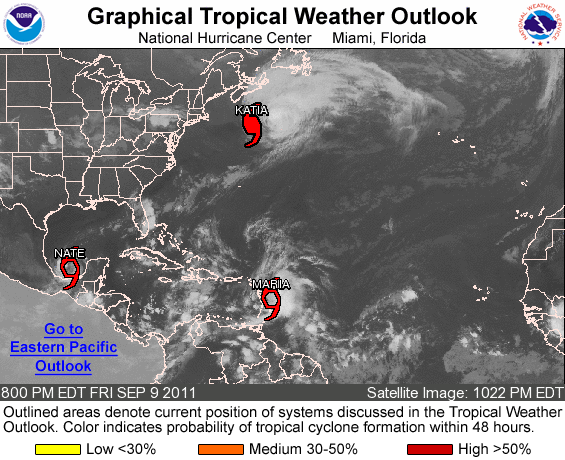
FOR THE NORTH ATLANTIC...CARIBBEAN SEA AND THE GULF OF MEXICO...

THE NATIONAL HURRICANE CENTER IS ISSUING ADVISORIES ON HURRICANE KATIA...LOCATED ABOUT 280 MILES SOUTH OF HALIFAX NOVA SCOTIA... TROPICAL STORM MARIA...LOCATED ABOUT 135 MILES NORTH OF BARBADOS... AND ON TROPICAL STORM NATE...LOCATED ABOUT 225 MILES EAST-NORTHEAST OF VERACRUZ MEXICO.

ELSEWHERE...TROPICAL CYCLONE FORMATION IS NOT EXPECTED DURING THE NEXT 48 HOURS.

FORECASTER BLAKE